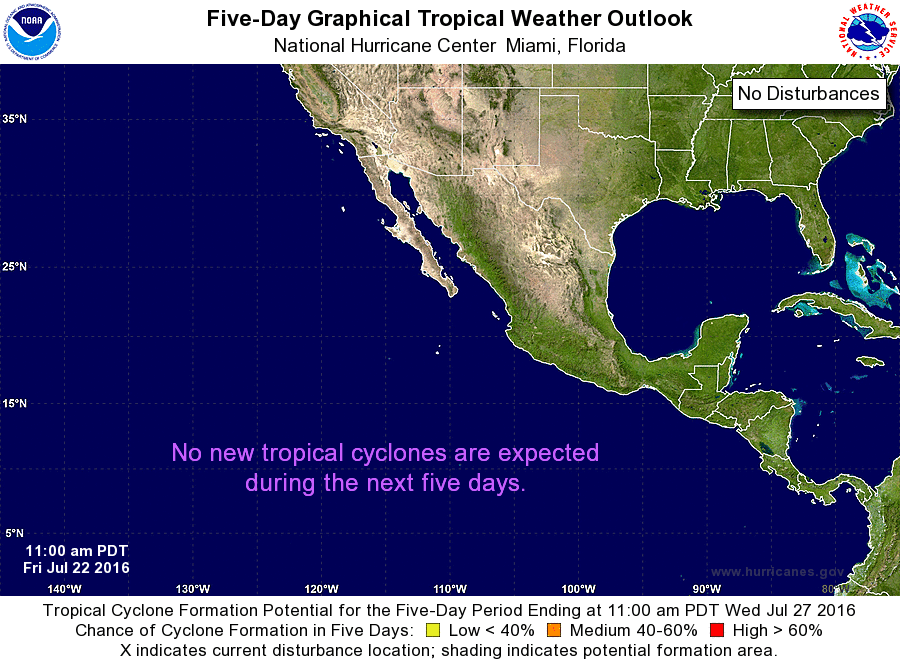
For the eastern North Pacific...east of 140 degrees west longitude:

The National Hurricane Center is issuing advisories on Tropical Storm Frank, located more than 200 miles west-southwest of Manzanillo, Mexico, and on recently upgraded Tropical Storm Georgette, located more than 850 miles southwest of the southern tip of the Baja California peninsula. The National Hurricane Center has issued the last advisory on Post-Tropical Cyclone Estelle, located more than 1500 miles west of the southern tip of the Baja California peninsula.

Tropical cyclone formation is not expected during the next 5 days.

&&
Public Advisories on Tropical Storm Frank are issued under WMO header WTPZ32 KNHC and under AWIPS header MIATCPEP2. Forecast/Advisories on Tropical Storm Frank are issued under WMO header WTPZ22 KNHC and under AWIPS header MIATCMEP2.

Public Advisories on Tropical Depression Eight-E are issued under WMO header WTPZ33 KNHC and under AWIPS header MIATCPEP3. Forecast/Advisories on Tropical Depression Eight-E are issued under WMO header WTPZ23 KNHC and under AWIPS header MIATCMEP3.

Forecaster Brennan